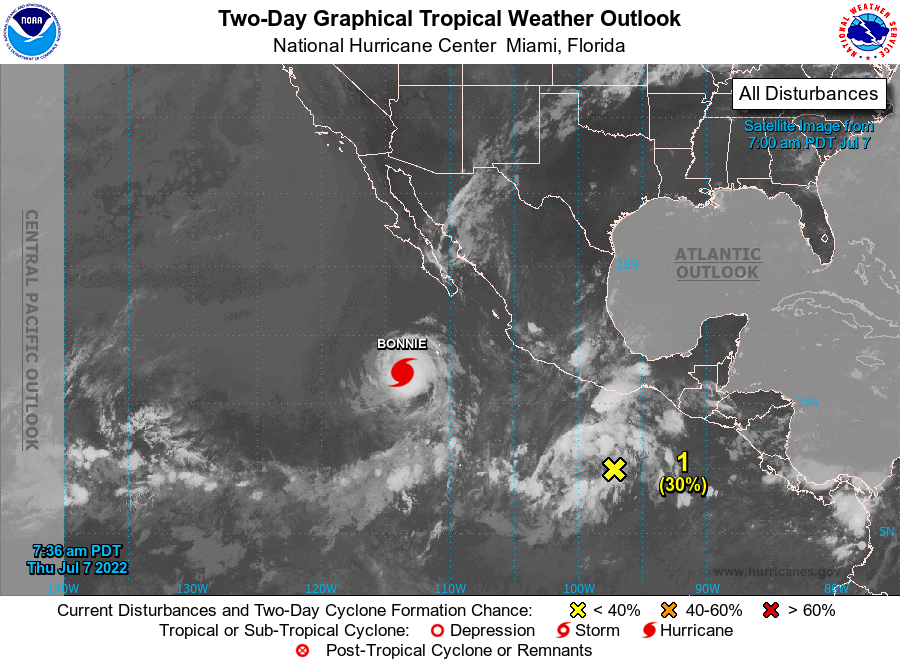
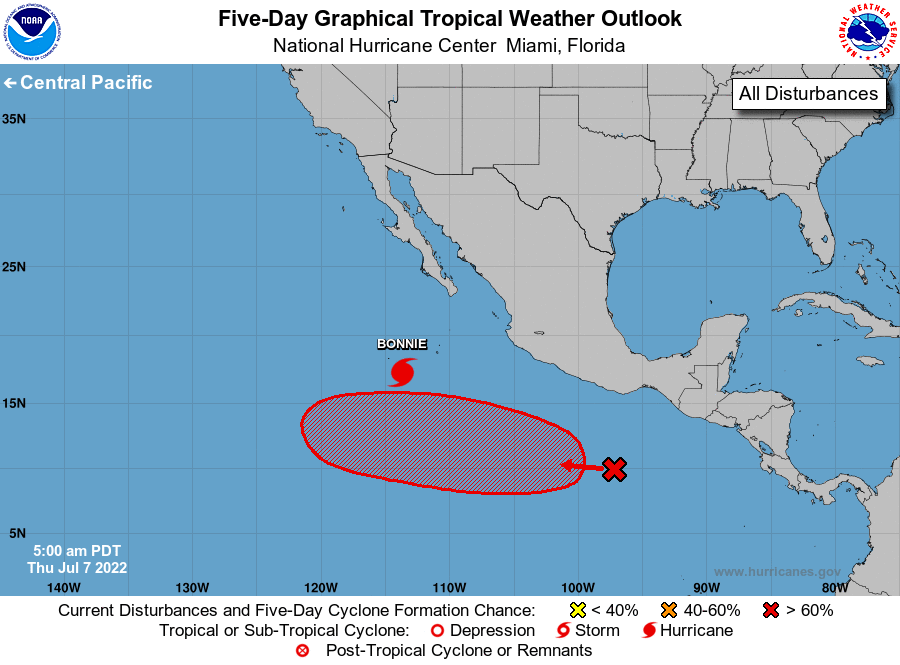
For the eastern North Pacific...east of 140 degrees west longitude:

Active Systems: The National Hurricane Center is issuing advisories on Hurricane Bonnie, located several hundred miles south-southwest of the southern tip of the Baja California peninsula.

1. Offshore of Southern Mexico: A tropical wave located several hundred miles south of the southern coast of Mexico continues to produce a large area of disorganized showers and thunderstorms. Environmental conditions are expected to be conducive for gradual development, and a tropical depression is likely to form well south or southwest of the southwestern coast of Mexico over the weekend while the disturbance moves generally west-northwestward at 10 to 15 mph.
* Formation chance through 48 hours...low...30 percent.
* Formation chance through 5 days...high...70 percent.

Forecaster Brown